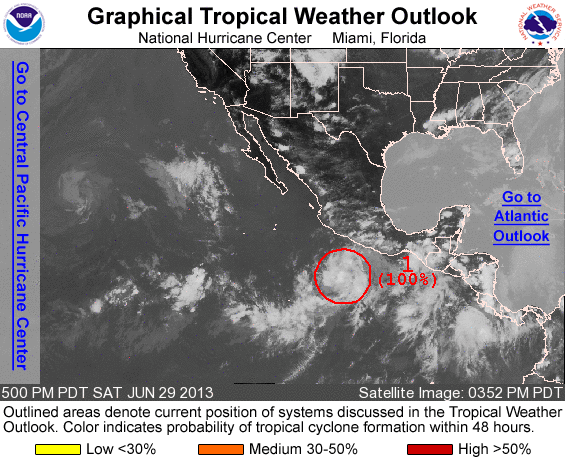
FOR THE EASTERN NORTH PACIFIC...EAST OF 140 DEGREES WEST LONGITUDE..

1. SHOWER AND THUNDERSTORM ACTIVITY ASSOCIATED WITH AN AREA OF LOW PRESSURE LOCATED ABOUT 350 MILES SOUTHWEST OF ACAPULCO MEXICO HAS INCREASED IN COVERAGE AND ORGANIZATION OVER THE PAST FEW HOURS. IF THESE TRENDS CONTINUE...TROPICAL CYCLONE ADVISORIES WILL LIKELY BE INITIATED THIS EVENING. THIS SYSTEM HAS A HIGH CHANCE...NEAR 100 PERCENT...OF BECOMING A TROPICAL CYCLONE DURING THE NEXT 48 HOURS AS IT MOVES GENERALLY NORTHWARD AT AROUND 10 MPH. INTERESTS ALONG THE SOUTHWESTERN COAST OF MEXICO SHOULD MONITOR THE PROGRESS OF THIS SYSTEM...AS WATCHES OR WARNING MAY BE REQUIRED IF ADVISORIES ARE INITIATED.

ELSEWHERE...TROPICAL CYCLONE FORMATION IS NOT EXPECTED DURING THE NEXT 48 HOURS.

FORECASTER BRENNAN